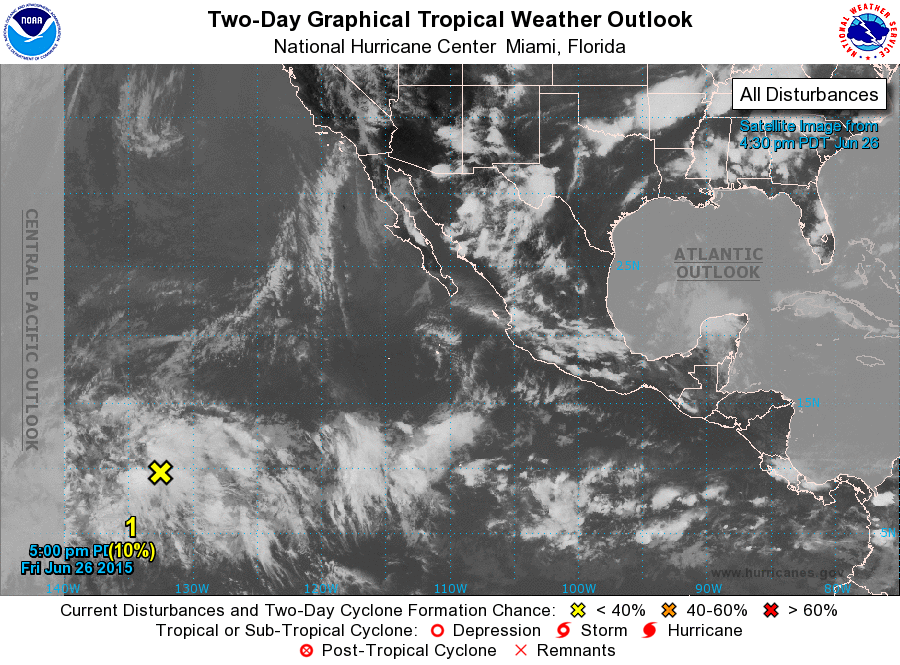
For the eastern North Pacific...east of 140 degrees west longitude:

1. Cloudiness and thunderstorms located about 1600 miles east- southeast of the Big Island of Hawaii are associated with a trough of low pressure. Some slow development of this system is possible during the next few days before upper-level winds become unfavorable for tropical cyclone formation. This system is expected to move west-northwestward into the Central Pacific Hurricane Center's area of responsibility within a couple of days.
* Formation chance through 48 hours...low...10 percent
* Formation chance through 5 days...low...20 percent

Forecaster Kimberlain